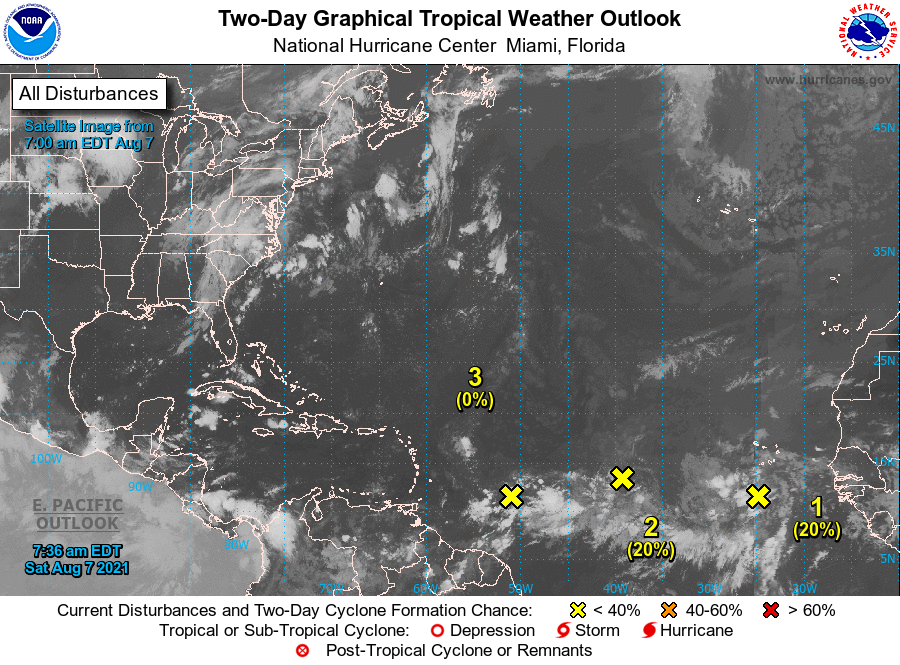
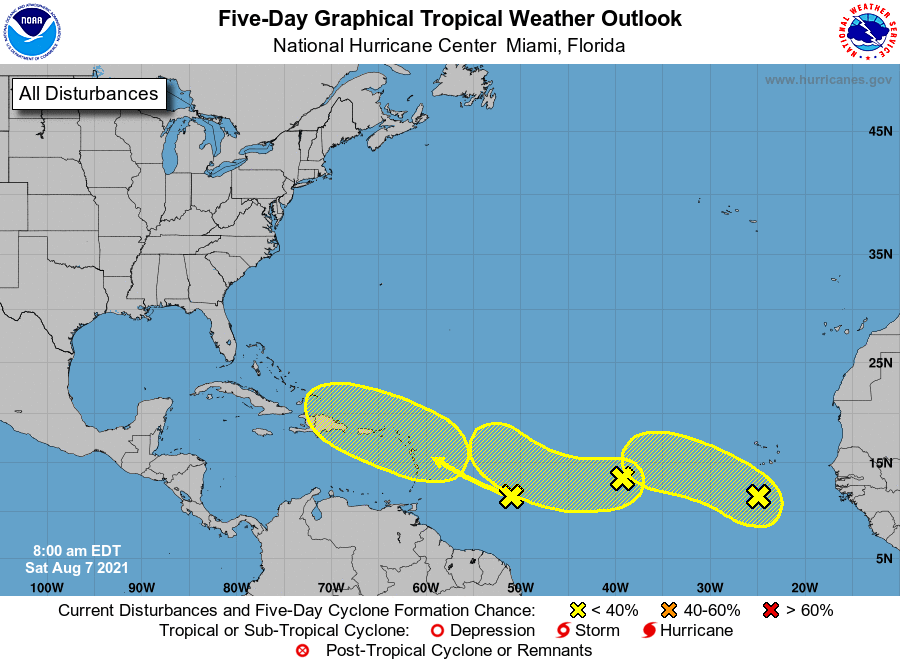
For the North Atlantic...Caribbean Sea and the Gulf of Mexico:

1. A broad area of low pressure located a couple hundred miles south of the Cabo Verde Islands is producing disorganized showers and thunderstorms. Although environmental conditions are only marginally conducive, some slow development of this system is possible during the next few days while the system moves west-northwestward to westward across the eastern and central tropical Atlantic at 10 to 15 mph.
* Formation chance through 48 hours...low...20 percent.
* Formation chance through 5 days...low...30 percent.

2. A small but well-defined area of low pressure located over the eastern tropical Atlantic about a thousand miles west of the Cabo Verde Islands continues to produce limited shower activity. Some development of this low is possible while it drifts toward the west-southwest or west over the weekend and then moves a little faster toward the west-northwest over the central tropical Atlantic by the middle of next week.
* Formation chance through 48 hours...low...20 percent.
* Formation chance through 5 days...low...30 percent.

3. A tropical wave located over the west-central tropical Atlantic is producing limited shower activity. Significant development of this system is not anticipated as it moves west-northwestward across the Lesser Antilles and eastern Caribbean Sea during the early to middle part of next week.
* Formation chance through 48 hours...low...near 0 percent.
* Formation chance through 5 days...low...10 percent.

Forecaster Brown